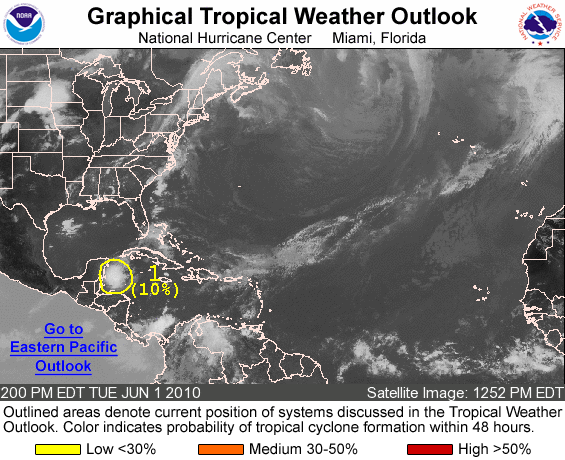
FOR THE NORTH ATLANTIC...CARIBBEAN SEA AND THE GULF OF MEXICO...

1. SHOWERS AND THUNDERSTORMS CONTINUE IN THE NORTHWESTERN CARIBBEAN SEA EAST OF THE YUCATAN PENINSULA IN ASSOCIATION WITH THE REMNANTS OF PACIFIC TROPICAL STORM AGATHA. UPPER-LEVEL WINDS...PARTICULARLY TO THE NORTH OF THE SYSTEM IN THE GULF OF MEXICO...ARE NOT CONDUCIVE FOR DEVELOPMENT AND THERE IS A LOW CHANCE...10 PERCENT...OF THIS SYSTEM BECOMING A TROPICAL CYCLONE DURING THE NEXT 48 HOURS. THIS SYSTEM IS EXPECTED TO MOVE LITTLE OVER THE NEXT DAY OR SO.

ELSEWHERE...TROPICAL CYCLONE FORMATION IS NOT EXPECTED IN THE NEXT 48 HOURS.

FORECASTER CANGIALOSI/FRANKLIN